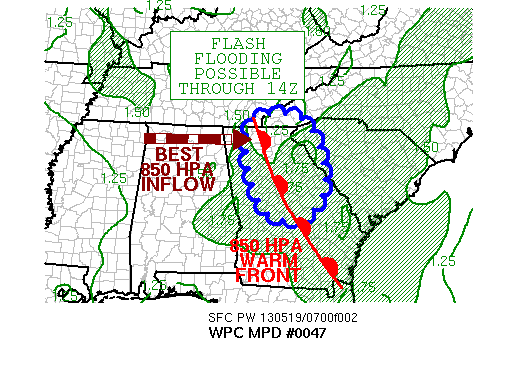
AREAS AFFECTED...NORTHERN GA AND NORTHWEST SC

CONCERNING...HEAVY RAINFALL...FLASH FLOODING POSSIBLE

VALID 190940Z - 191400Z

SUMMARY...AN AREA OF SLOW-MOVING THUNDERSTORMS IS EXPANDING IN
COVERAGE ACROSS NORTHERN GEORGIA, WHICH COULD LEAD TO FLASH
FLOODING.

DISCUSSION...THUNDERSTORMS HAVE INCREASED IN COVERAGE AND
INTENSITY OVER THE PAST FEW HOURS NEAR THE INTERSECTION OF WHERE
30-35 KNOT WESTERLY INFLOW INTERSECTS AN 850 HPA BOUNDARY ACROSS
NORTHERN GEORGIA.  THE WEAK 850 HPA WARM FRONT IS ALIGNED NNW-SSE
ACROSS THE STATE OF GA, AND DECENT DIVERGENCE ALOFT EXISTS TO THE
NORTHEAST OF A WEAK JET STREAK AT THE 250 HPA LEVEL.  PRECIPITABLE
WATER VALUES -- PWS -- ARE CLOSE TO 1.75 INCHES IN THIS REGION,
WHICH COULD HELP LEAD TO FLASH FLOODING WHERE CELLS TRAIN FOR TWO
HOURS OR MORE. FLASH FLOOD GUIDANCE VALUES -- FFGS -- ARE 3-4
INCHES WITHIN A FEW HOURS' TIME IN THIS REGION.  AS A RECENT
EXAMPLE OF THE SYSTEM'S POTENTIAL, FLOWERY BRANCH, GA PICKED UP
3.62" IN THREE HOURS, WITH 2.99" FALLING IN A SINGLE HOUR.

UNTIL THE ADVENT OF THE 06Z HRRR, THE MESOSCALE GUIDANCE HAD BEEN
HANDLING THIS ACTIVITY POORLY, WITH GLOBAL MODELS SUCH AS THE 00Z
GFS UNDERESTIMATING THE 850 HPA INFLOW AVAILABLE IN THIS REGION.
USING YESTERDAY'S CONVECTIVE TRENDS -- AND RECENT RAP RUNS -- AS A
GUIDE, EXPECT THE AREA TO SHIFT SOUTHWARD WITH TIME WITH CELLS
POSSIBLY MOVING INTO NORTHWEST SC -- FOLLOWING THE 850 HPA WIND
FLOW -- AND THROUGH CENTRAL GA -- DUE TO THE EXPECTED SOUTHWARD
PROPAGATION/CORFIDI VECTORS -- BEFORE FADING AROUND 14Z/10 AM EDT.